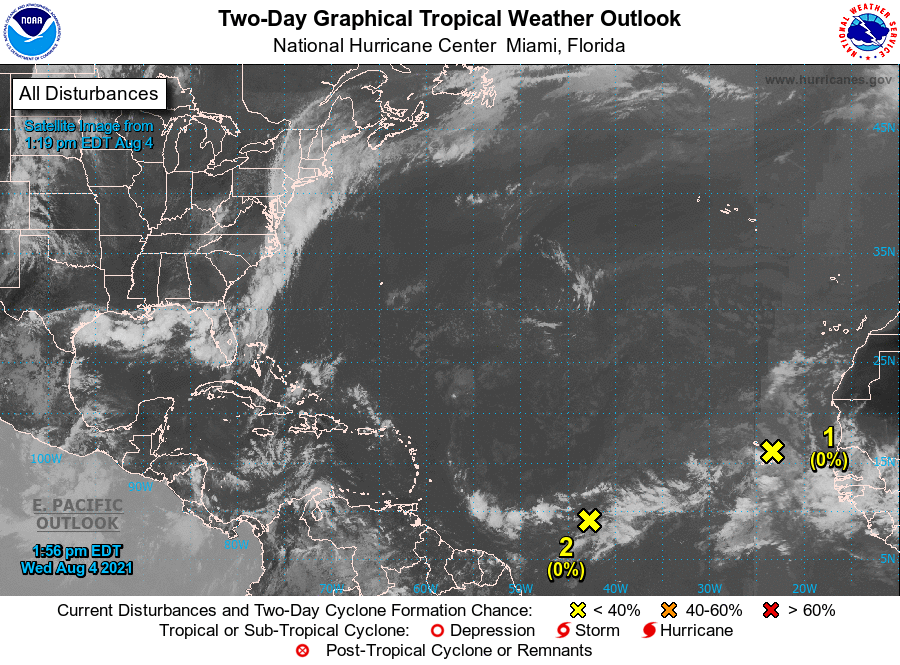
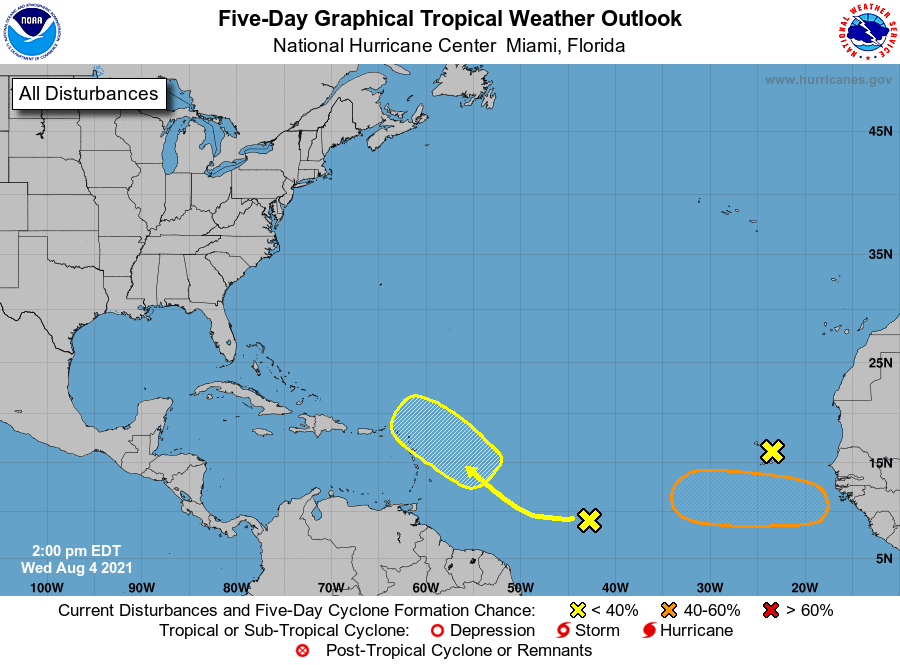
For the North Atlantic...Caribbean Sea and the Gulf of Mexico:

1. A small low pressure area with limited shower and thunderstorm activity is meandering over or near the Cabo Verde Islands. Significant development of this system is not expected during the next day or so due to unfavorable environmental conditions. However, locally heavy rainfall and gusty winds will be possible over portions of the Cabo Verde Islands through today while the system moves little. Additional information on the low can be found in high seas forecasts issued by Meteo-France.
* Formation chance through 48 hours...low...near 0 percent.
* Formation chance through 5 days...low...near 0 percent.

2. A tropical wave located over the central tropical Atlantic is producing a broad area of disorganized showers and thunderstorms. Environmental conditions are expected to be marginally conducive for some slow development east of the Lesser Antilles by Sunday and into early next week while the disturbance moves west-northwestward at 10 to 15 mph.
* Formation chance through 48 hours...low...near 0 percent.
* Formation chance through 5 days...low...20 percent.

3. A tropical wave is forecast to move off of the west coast of Africa by late Thursday. Environmental conditions appear somewhat conducive for gradual development thereafter over the far eastern tropical Atlantic through the weekend into early next week while the system moves generally westward at about 15 mph.
* Formation chance through 48 hours...low...near 0 percent.
* Formation chance through 5 days...medium...40 percent.

Additional information on the low pressure system near the Cabo Verde Islands can be found in high seas forecasts issued by Meteo France...under WMO header FQNT50 LFPW.

Forecaster Pagano/Stewart